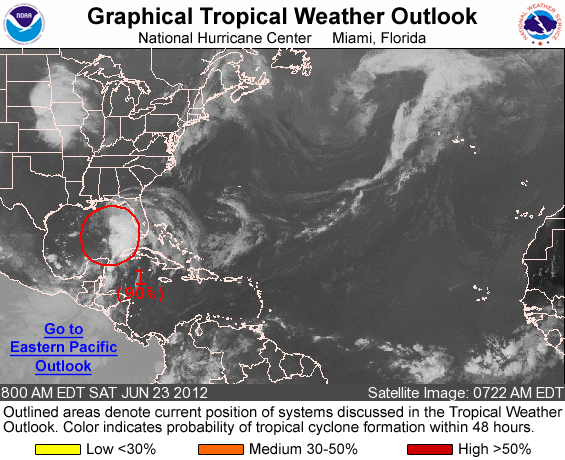
FOR THE NORTH ATLANTIC...CARIBBEAN SEA AND THE GULF OF MEXICO...

1. THE CENTER OF CIRCULATION OF THE BROAD AREA OF LOW PRESSURE OVER THE GULF OF MEXICO APPEARS TO BE BECOMING BETTER DEFINED ABOUT 275 MILES SOUTH-SOUTHEAST OF THE MOUTH OF THE MISSISSIPPI RIVER. IN ADDITION...SHOWERS AND THUNDERSTORMS HAVE BEEN INCREASING OVER THE EASTERN GULF OF MEXICO...AND A NOAA BUOY LOCATED ABOUT 130 MILES EAST-NORTHEAST OF THE CENTER HAS PRODUCED TROPICAL-STORM-FORCE WINDS WITHIN THE PAST COUPLE OF HOURS. A TROPICAL DEPRESSION...OR MORE LIKELY A TROPICAL STORM...COULD FORM LATER TODAY OR TONIGHT IF THE DEVELOPMENT TREND CONTINUES. THIS SYSTEM HAS A HIGH CHANCE... 90 PERCENT...OF BECOMING A TROPICAL CYCLONE AS IT MOVES SLOWLY NORTHWARD DURING THE NEXT 48 HOURS.

TROPICAL STORM WATCHES OR WARNINGS COULD BE REQUIRED FOR A PORTION OF THE NORTHERN GULF COAST OVER THE WEEKEND...AND INTERESTS IN THIS AREA SHOULD CONTINUE TO MONITOR THE PROGRESS OF THIS LOW. HEAVY RAINS AND LOCALIZED FLOODING ARE POSSIBLE ACROSS THE YUCATAN PENINSULA...WESTERN CUBA...AND MUCH OF FLORIDA OVER THE NEXT DAY OR SO. AN AIR FORCE RESERVE RECONNAISSANCE AIRCRAFT IS SCHEDULED TO INVESTIGATE THE SYSTEM THIS AFTERNOON.

ELSEWHERE...TROPICAL CYCLONE FORMATION IS NOT EXPECTED DURING THE NEXT 48 HOURS.

FORECASTER BERG